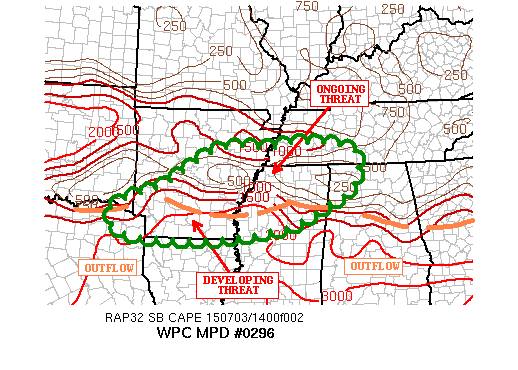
AREAS AFFECTED...ARKLATEX...ACROSS LOWER MS VALLEY...INTO SRN
TN/NWRN AL

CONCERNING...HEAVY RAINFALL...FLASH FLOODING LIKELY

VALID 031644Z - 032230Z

SUMMARY...A BROAD THREAT FOR FLASH FLOODING WILL CONTINUE THROUGH
THE AFTERNOON FOR LOCATIONS FROM THE ARKLATEX INTO PORTIONS OF THE
DEEP SOUTH. THE THREAT IS EXPECTED TO SHIFT SWD DURING THE
AFTERNOON INTO NERN TEXAS AND SRN ARKANSAS WHERE GREATER
INSTABILITY SHOULD BE PRESENT.

DISCUSSION...AT 1630Z...A LARGE AREA OF CONVECTION EXTENDED FROM
THE RED RIVER...ENEWD ACROSS THE LOWER MISSISSIPPI VALLEY INTO NRN
MISSISSIPPI AND ALABAMA. RELATED OUTFLOW BOUNDARIES HAVE SET UP A
10-15 F TEMPERATURE GRADIENT ACROSS THE DEEP SOUTH WITH RELATIVELY
CLEAR SKIES SOUTH OF THE ONGOING CONVECTION/OUTFLOW ALLOWING FOR
GROWING SURFACE BASED INSTABILITY.

IR SATELLITE AND CIMSS OVERSHOOTING TOP ALGORITHM SHOWED THE
STRONGEST UPDRAFTS DEVELOPING EWD IN AND AROUND THE MISSISSIPPI
RIVER VALLEY WHICH IS THE GREATEST SHORT TERM THREAT FOR FLASH
FLOODING AS UNIDIRECTIONAL FLOW CONTINUES TO ALLOW PERIODS OF
TRAINING WITH RAINFALL RATES MAXING OUT NEAR 2 IN/HR ON TOP OF
SATURATED SOILS.

ADDITIONAL CONVECTION IS EXPECTED TO DEVELOP NEAR AND SOUTH OF THE
PRESENT OUTFLOW LOCATION ACROSS THE ARKLATEX INTO SRN ARKANSAS AS
A 700 MB SHORTWAVE EXTENDING ACROSS THE OKLAHOMA/ARKANSAS BORDER
PROGRESSES SLOWLY SEWD THIS AFTERNOON. WHILE FFG IS HIGHER TO THE
SOUTH...THERE IS EXPECTED TO BE BROAD 850 MB CONFLUENCE ACROSS THE
ENTIRE REGION ALONG WITH DIFFLUENT UPPER LEVEL FLOW WHICH SHOULD
HELP TO ENHANCE UPWARD MOTION. WITH AREA PWATS NEAR 2
INCHES...MOISTURE REMAINS MORE THAN CAPABLE OF RAINFALL RATES NEAR
2 IN/HR AND UNIDIRECTIONAL FLOW SHOULD CAUSE SOME LOCATIONS TO
TRAIN. THIS IDEA IS SUPPORTED BY NEWLY ARRIVING 12Z HI-RES MODEL
GUIDANCE WITH 3-5 INCHES POSSIBLE.